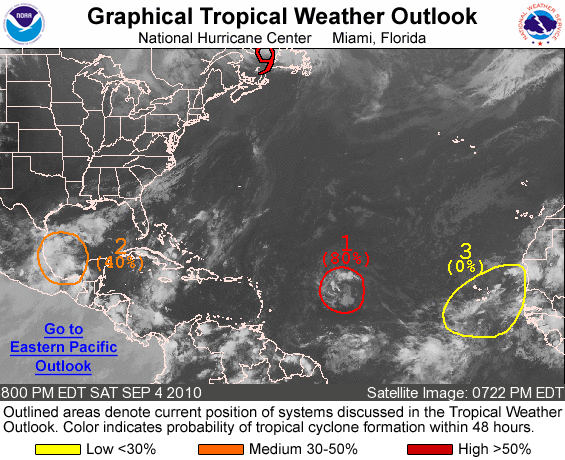
FOR THE NORTH ATLANTIC...CARIBBEAN SEA AND THE GULF OF MEXICO...

THE NATIONAL HURRICANE CENTER IS ISSUING ADVISORIES ON TROPICAL STORM EARL...LOCATED ABOUT 55 MILES SOUTH-SOUTHWEST OF CAPE WITTLE QUEBEC.

1. SHOWER AND THUNDERSTORM ACTIVITY ASSOCIATED WITH THE REMNANTS OF GASTON HAVE DIMINISHED SOME THIS EVENING. ENVIRONMENTAL CONDITIONS ...HOWEVER...APPEAR CONDUCIVE FOR RE-DEVELOPMENT OF THIS SYSTEM AND A TROPICAL DEPRESSION COULD RE-FORM IN THIS AREA AT ANY TIME. THERE IS A HIGH CHANCE...80 PERCENT...OF THIS SYSTEM BECOMING A TROPICAL CYCLONE AGAIN DURING THE NEXT 48 HOURS AS IT MOVES WESTWARD AT ABOUT 10 MPH.

2. A LARGE AREA OF SHOWERS AND THUNDERSTORMS OVER THE SOUTHWESTERN GULF OF MEXICO IS ASSOCIATED WITH A SURFACE TROUGH. THIS SYSTEM HAS BECOME A LITTLE BETTER ORGANIZED AND ENVIRONMENTAL CONDITIONS ARE CONDUCIVE FOR ADDITIONAL DEVELOPMENT. THERE IS A MEDIUM CHANCE... 40 PERCENT...OF THIS SYSTEM BECOMING A TROPICAL CYCLONE DURING THE NEXT 48 HOURS AS IT MOVES NORTHWESTWARD AT 5 TO 10 MPH.

3. AN ELONGATED AREA OF LOW PRESSURE LOCATED BETWEEN THE WEST COAST OF AFRICA AND THE CAPE VERDE ISLANDS IS PRODUCING LIMITED SHOWERS AND THUNDERSTORMS. THIS SYSTEM HAS BECOME LESS ORGANIZED TODAY...AND TROPICAL CYCLONE DEVELOPMENT APPEARS UNLIKELY. THERE IS A LOW CHANCE...NEAR 0 PERCENT...OF THIS SYSTEM BECOMING A TROPICAL CYCLONE DURING THE NEXT 48 HOURS AS IT MOVES NORTHWESTWARD NEAR 10 MPH.

ELSEWHERE...TROPICAL CYCLONE FORMATION IS NOT EXPECTED DURING THE NEXT 48 HOURS.

FORECASTER ROBERTS/BRENNAN